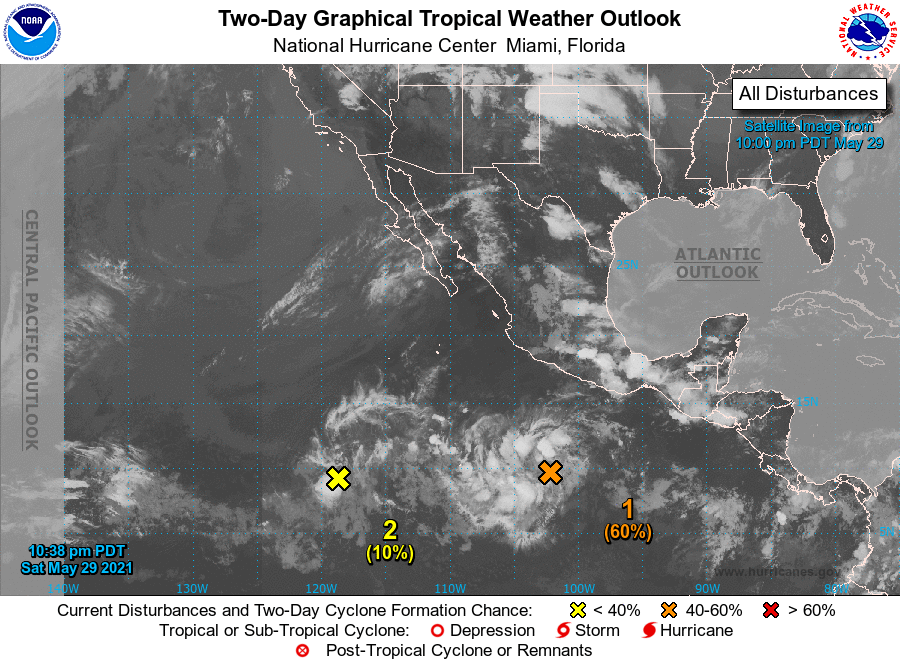
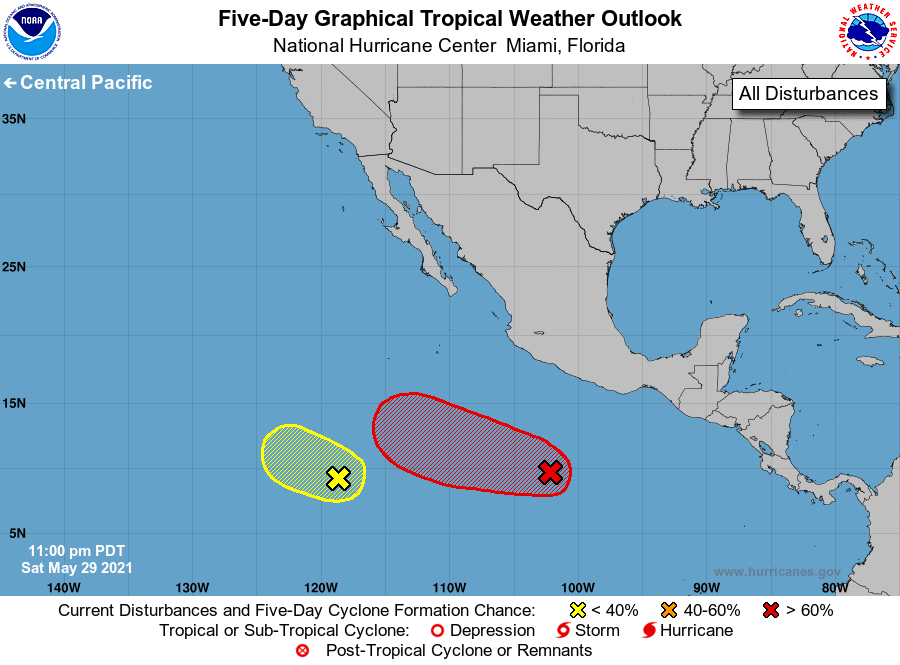
For the eastern North Pacific...east of 140 degrees west longitude:

1. Showers and thunderstorms are slowly becoming better organized in association with a broad area of low pressure located several hundred miles south-southwest of Acapulco, Mexico. Environmental conditions are expected to be conducive for additional development of this disturbance during the next several days, and a tropical depression is likely to form by the middle of next week while the system moves westward to west-northwestward at about 10 mph.
* Formation chance through 48 hours...medium...60 percent.
* Formation chance through 5 days...high...80 percent.

2. Shower and thunderstorm activity associated with a weak area of low pressure located about 1100 miles southwest of the southern tip of the Baja California peninsula remains disorganized. This system is expected to move generally westward at 5 to 10 mph into a drier and more stable airmass during the next couple of days, with little, if any further development expected.
* Formation chance through 48 hours...low...10 percent.
* Formation chance through 5 days...low...10 percent.

Forecaster Latto